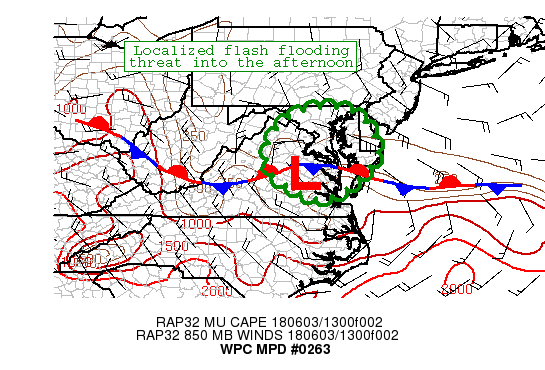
AREAS AFFECTED...NORTHERN AND AND EAST CENTRAL VA...DC...MD AND DE

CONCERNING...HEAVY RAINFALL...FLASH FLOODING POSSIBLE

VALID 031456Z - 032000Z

SUMMARY...THE COMBINATION OF DEEP TROPICAL MOISTURE, A SURFACE
FRONTAL BOUNDARY, AND A LOW-LEVEL CIRCULATION WILL SUPPORT
LOCALIZED AREAS OF FLASH FLOODING INTO THE AFTERNOON ACROSS
PORTIONS OF THE MID-ATLANTIC REGION.

DISCUSSION...A FRONTAL BOUNDARY AS SLOWLY PRESSED SOUTHWARD ACROSS
THE MID-ATLANTIC REGION, USHERING IN A SLIGHTLY DRIER AIR AT THE
LOW-LEVELS (AS EVIDENCED BY SURFACE DEW POINTS DROPPING INTO TO
NEAR 60 AT SOME LOCATIONS NORTH OF THE FRONT). THE ATMOSPHERE
REMAINS VERY MOIST OVERALL, HOWEVER, WITH PWATS APPROACHING 2
INCHES. A PERSISTENT LOW-LEVEL CIRCULATION IS LOCATED JUST NORTH
OF RICHMOND, VA AND APPEARS NEARLY STATIONARY ON LATEST GOES-16
VIS IMAGERY (AFTER DRIFTING NORTHWEST OVER THE PAST SEVERAL
HOURS). MODEST INSTABILITY REMAINS IN THE INFLOW REGION SOUTH/EAST
OF THE LOW, WITH MLCAPES AROUND 500 J/KG PER LATEST SPC
MESOANALYSIS. A PERSISTENT AREA OF CONVECTION WAS ONGOING NEAR THE
CIRCULATION CENTER, WITH OBSERVED RAINFALL RATES APPROACHING 2
IN/HR OVER THE PAST COUPLE HOURS. LATEST IR IMAGERY SHOW A VERY
SLOW WARMING OF CLOUD TOPS NEAR THE CIRCULATION, SUGGESTING THAT
THE POTENTIAL FOR 2 IN/HR RAINFALL RATES MAY BE WANING A BIT.

FARTHER NORTH, THE COMBINATION OF FLOW AROUND THE LOW-LEVEL
CIRCULATION AND HIGHER PRESSURE NOSING IN FROM THE NORTHEAST NORTH
OF THE FRONT WAS ENHANCING LOW-LEVEL EASTERLY FLOW NORTH OF THE
FRONT FROM THE WV PANHANDLE EAST TO DE AND SOUTHERN NJ, INCREASING
THE POTENTIAL FOR SOME UPSLOPE ENHANCEMENT OF RAINFALL. AN AREA OF
SHOWERS/THUNDERSTORMS WAS ONGOING FROM NEAR THE CHESAPEAKE EAST
ACROSS THE DELMARVA PENINSULA TO THE ATLANTIC.

HI-RES MODELS HAVE STRUGGLED TO GRASP THE ONGOING SCENARIO, EITHER
NOT DEPICTING THE LOW-LEVEL CIRCULATION WELL OR SHOWING IT TOO FAR
SOUTH. THE HRRR-EXPERIMENTAL SEEMED TO BE THE CLOSEST SOLUTION TO
REALITY. THE HRRR-EXP SHOWS THE CIRCULATION REMAINING NEARLY
STATIONARY THROUGH EARLY AFTERNOON BEFORE GRADUALLY BEGINNING A
SLOW MOVEMENT EASTWARD, LIKELY IN RESPONSE TO HEIGHT FALLS
PROGRESSING ACROSS THE OH VALLEY. THE HRRR-EXP SUGGESTS THE
POTENTIAL FOR CONTINUED HEAVY RAINS IN CLOSE PROXIMITY TO THE
CIRCULATION, WITH THE POTENTIAL FOR ADDITIONAL HEAVY RAINS FARTHER
NORTH ACROSS NORTHERN VA AND PORTIONS OF MD IN A DEFORMATION BAND,
LIKELY WITH SOME UPSLOPE AND ISENTROPIC ENHANCEMENT AS WELL. BASED
ON THIS SOLUTION ADDITIONAL RAINFALL AMOUNTS OF 1-3 INCHES APPEAR
POSSIBLE THROUGH 20Z, WITH RATES OF 1-2 IN/HR POSSIBLE AT TIMES,
ESPECIALLY NEAR THE CIRCULATION. GIVEN SATURATED GROUND DUE TO
RECENT HEAVY RAINS, FLASH FLOODING IS POSSIBLE.